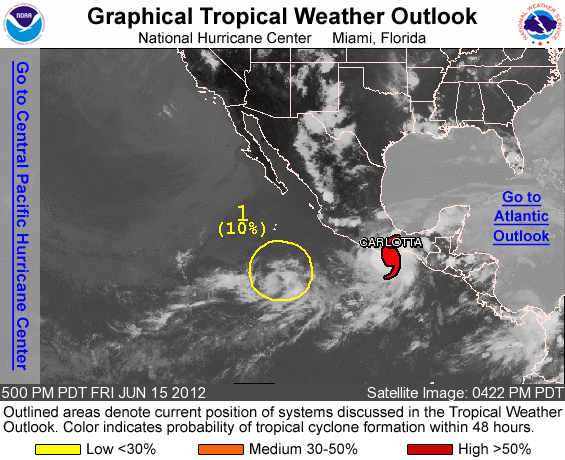
FOR THE EASTERN NORTH PACIFIC...EAST OF 140 DEGREES WEST LONGITUDE..

THE NATIONAL HURRICANE CENTER IS ISSUING ADVISORIES ON HURRICANE CARLOTTA...LOCATED NEAT PUERTO ANGEL MEXICO.

1. A BROAD AREA OF LOW PRESSURE LOCATED ABOUT 550 MILES SOUTHWEST OF MANZANILLO MEXICO IS PRODUCING DISORGANIZED SHOWER AND THUNDERSTORM ACTIVITY. ANY DEVELOPMENT OF THIS SYSTEM SHOULD BE SLOW TO OCCUR AS IT MOVES NORTH-NORTHWESTWARD AT ABOUT 5 MPH THROUGH SUNDAY. THIS SYSTEM HAS A LOW CHANCE...10 PERCENT...OF BECOMING A TROPICAL CYCLONE DURING THE NEXT 48 HOURS.

ELSEWHERE...TROPICAL CYCLONE FORMATION IS NOT EXPECTED DURING THE NEXT 48 HOURS.

FORECASTER BERG